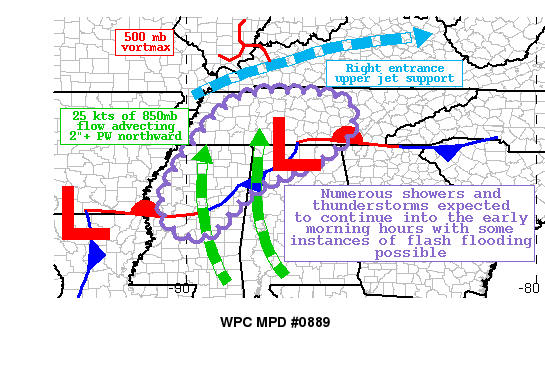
Areas affected...Northern MS...West-central TN...Northwest Alabama

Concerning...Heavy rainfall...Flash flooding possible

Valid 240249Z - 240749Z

Summary...Showers and thunderstorms are expected to continue in a
tropical airmass during the late evening and early morning hours.
Heavy rainfall rates and wet antecedent conditions may be enough
to result in some flash flooding.

Discussion...Atmospheric conditions remain favorable for
additional heavy showers and storms going into the early morning
hours.  A quasi-stationary frontal boundary is draped across
northern MS and extending NE to the AL/TN border.  There has been
very limited overall eastward progression with this boundary
today, and this is allowing for a continued surge of deep tropical
moisture northward that is getting lifted by the surface front.
Aloft, the presence of an upper level jet over the southern Ohio
River Valley and a modest 500mb vortmax is further aiding ascent.

PWATs across the region remain quite high with values of 1.8 to
2.3 inches based on recent GPS data, with the greatest moisture
concentrated across northern MS.  This is supported by the 00Z JAN
sounding with 2.16 inch PW and a deep saturated warm cloud layer.
Given the depth of moisture and 500-1000 J/kg of MUCAPE, highly
efficient rainfall processes are likely to result in enhanced
rainfall rates with hourly amounts of 1 to 2 inches possible
within stronger convective cores.

The latest high res model suite is indicating the potential for
swaths of 1.5 to locally 3 inches of rainfall through 8Z.  It does
appear based on recent radar trends that the model QPF maxima are
perhaps farther west than where the heaviest rain is likely in the
near term.  The antecedent conditions are quite wet across much of
central TN and northern MS, with additional rainfall only
aggravating any existing run-off issues.